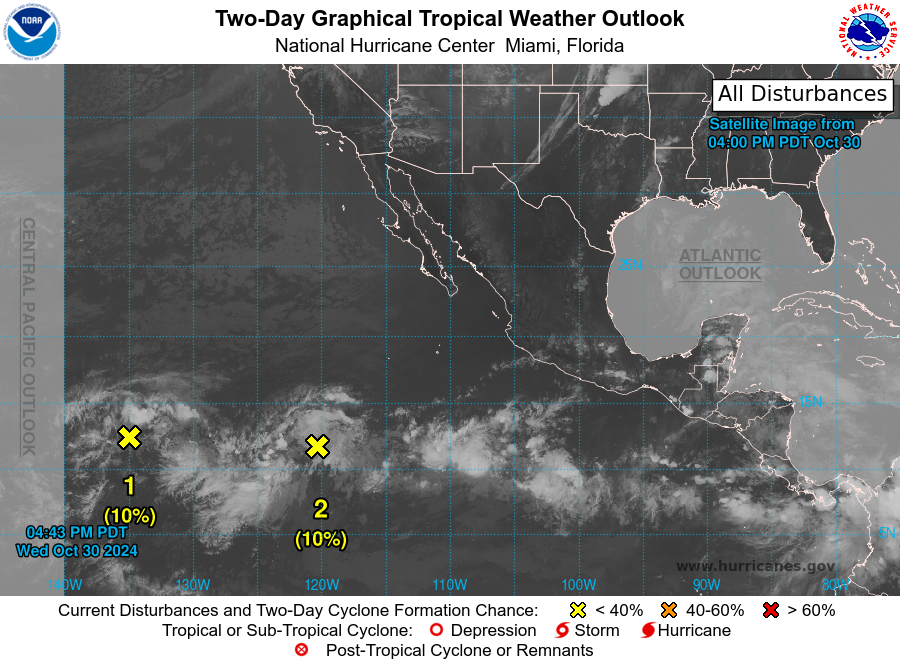
For the eastern North Pacific...east of 140 degrees west longitude:

1. Western East Pacific (EP91): A broad area of low pressure located about 1700 miles west- southwest of the southern tip of the Baja California peninsula is producing limited showers and thunderstorms. Some slow development of this system is possible during the next couple of days while the system moves generally westward at about 15 mph. This system is expected to cross into the Central Pacific Basin by the end of the week, where environmental conditions look unfavorable for further development.
* Formation chance through 48 hours...low...10 percent.
* Formation chance through 7 days...low...20 percent.

2. Central East Pacific: An area of low pressure located about 1100 miles southwest of the southern tip of the Baja California Peninsula is producing a large area of disorganized showers and thunderstorms. Some development of this system is possible during the next few days while the low moves slowly to the west-northwest. By the end of the week, however, upper-level winds should become less conducive for development.
* Formation chance through 48 hours...low...10 percent.
* Formation chance through 7 days...low...20 percent.

Forecaster Blake